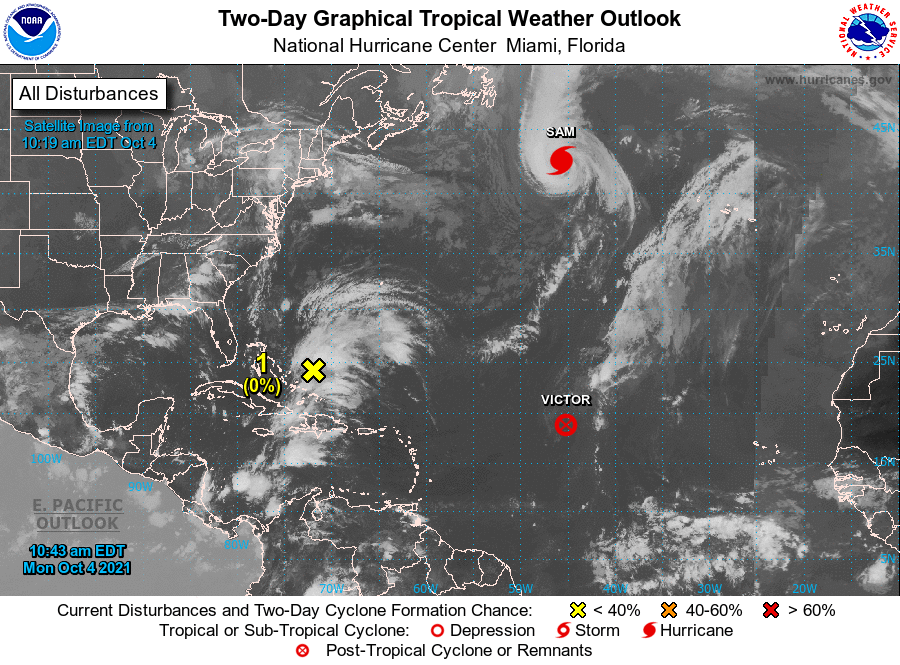
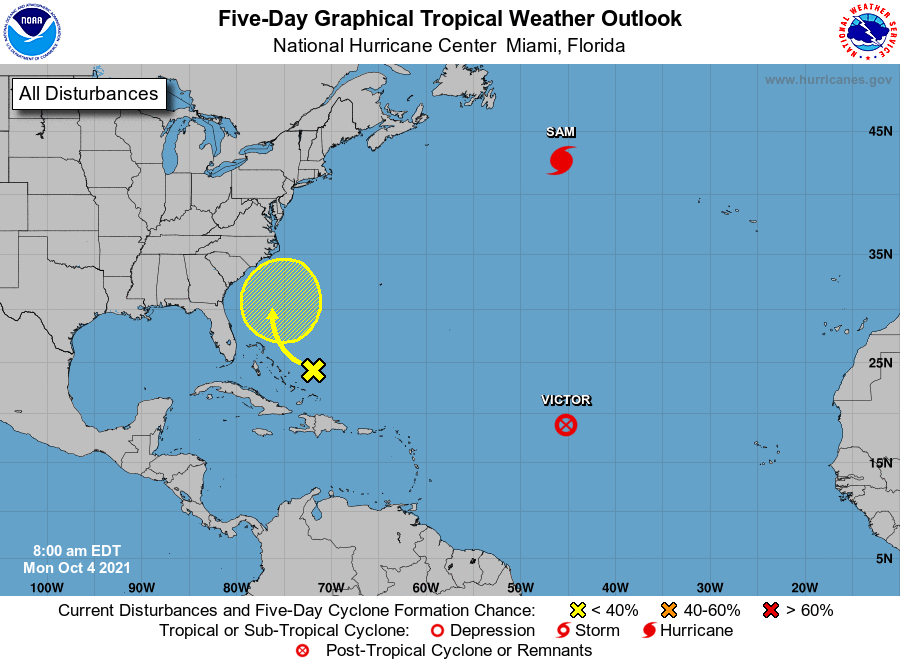
For the North Atlantic...Caribbean Sea and the Gulf of Mexico:

The National Hurricane Center is issuing advisories on Hurricane Sam, located over the far North Atlantic, and on Tropical Depression Victor, located over the central tropical Atlantic.

1. A large area of disorganized cloudiness and showers continues over the southeastern Bahamas and adjacent southwestern Atlantic waters in association with a surface trough. Upper-level winds are not expected to be especially conducive, and any development of this system should be slow to occur while it moves slowly northwestward through the end of this week.
* Formation chance through 48 hours...low...near 0 percent.
* Formation chance through 5 days...low...10 percent.

Forecaster Brown